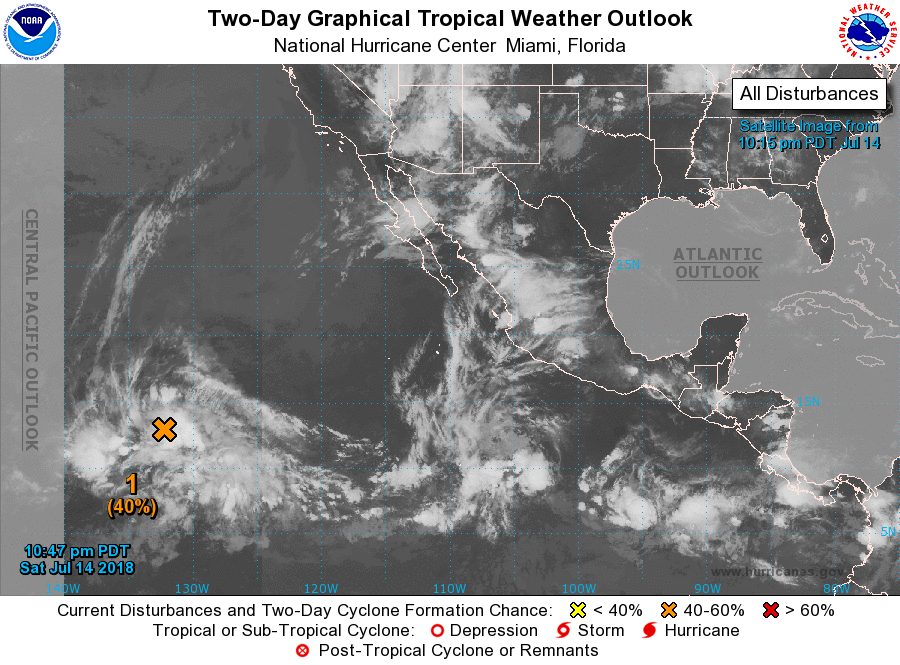
For the eastern North Pacific...east of 140 degrees west longitude:

1. A low pressure system has developed more than 1500 miles east-southeast of the the Hawaiian Islands, and associated thunderstorm activity has increased and become a little better organized during the past several hours. Environmental conditions are expected to gradually become more conducive for development, and a tropical depression could form during the next couple of days before the system moves westward into the Central Pacific basin.
* Formation chance through 48 hours...medium...40 percent.
* Formation chance through 5 days...medium...60 percent.

Forecaster Stewart